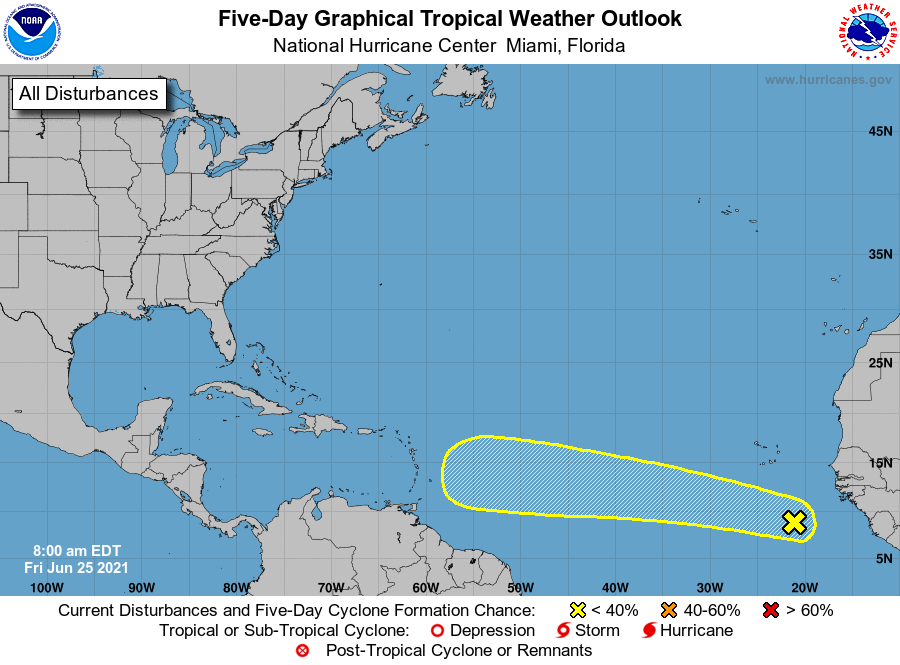
For the North Atlantic...Caribbean Sea and the Gulf of Mexico:

1. Disorganized showers and thunderstorms over the far eastern Atlantic are associated with a strong tropical wave. Development, if any, of this system should be slow to occur during the next several days due to marginally conducive environmental conditions. This wave is expected to move westward to west-northwestward at 15 to 20 mph across the tropical eastern and central Atlantic through the middle of next week.
* Formation chance through 48 hours...low...10 percent.
* Formation chance through 5 days...low...20 percent.

Forecaster Cangialosi/Papin